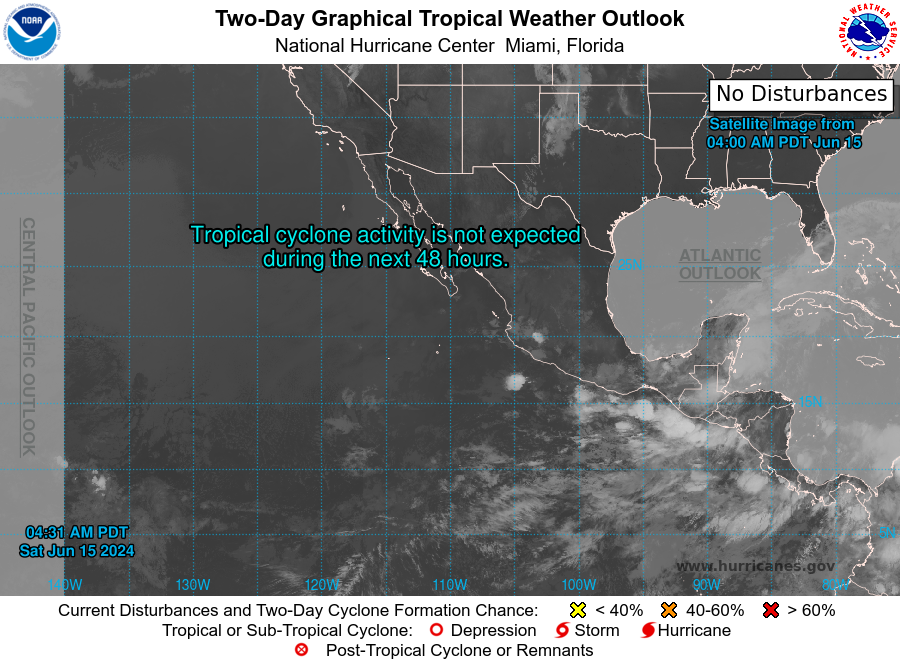
For the eastern North Pacific...east of 140 degrees west longitude:

Tropical cyclone formation is not expected during the next 7 days.

Forecaster Kelly